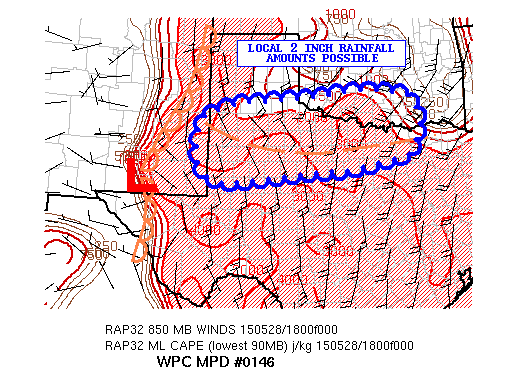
AREAS AFFECTED......NORTH TX/SOUTHERN OK...

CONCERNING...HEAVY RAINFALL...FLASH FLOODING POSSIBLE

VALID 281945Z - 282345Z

SUMMARY...STRONG CONVECTION TRAINING ALONG AN OUTFLOW BOUNDARY
COULD RESULT IN FLASH FLOODING.

DISCUSSION...CONVECTION CONTINUES TO DEVELOP ALONG AN OUTFLOW
BOUNDARY STRETCHING ACROSS NORTH TX...ALONG AN AXIS OF STRONG
INSTABILITY (WITH MLCAPE VALUES RANGING BETWEEN 3000 AND 4000
J/KG). KLBB RADAR SHOWS ONE HOUR RAINFALL ESTIMATES OVER 2
INCHES...BUT GIVEN THE HIGH CAPE VALUES... THESE AMOUNTS ARE
LIKELY HAIL CONTAMINATED.

THE CONVECTION IS TRACKING ACROSS AN AREA WITH ONE AND THREE HOUR
FLASH FLOOD VALUES LESS THAN AN INCH...AND TRAINING RAISES THE
THREAT FOR FLASH FLOODING. AREAL COVERAGE SHOULD EXPAND AS UPPER
DIFFLUENCE INCREASES AHEAD OF A SHORT WAVE EXITING THROUGH THE
SOUTHERN ROCKIES.

THE LATEST HRRR SHOWS THE POTENTIAL FOR AS MUCH AS 2 INCHES OF
RAINFALL ALONG THE OUTFLOW BOUNDARY. THERE IS SOME CONCERN...
BASED ON RADAR TRENDS...THAT THE ACTIVITY MAY EXTEND EASTWARD INTO
SOUTHERN OK ON NEW OUTFLOW BOUNDARIES JUST NORTH OF THE RED RIVER.
THIS AREA HAS BEEN EXPANDED TO INCLUDE THE POTENTIAL INTO SOUTHERN
OK.